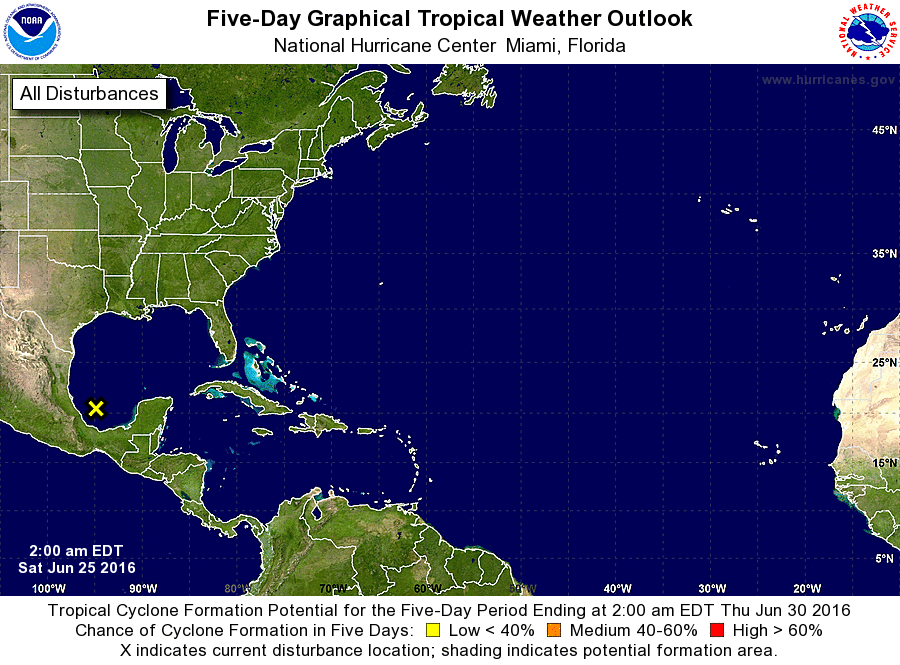
For the North Atlantic...Caribbean Sea and the Gulf of Mexico:

1. Disorganized showers and thunderstorms continue over the Bay of Campeche and the southwestern Gulf of Mexico in association with a trough of low pressure. Development of this system is not expected. However, locally heavy rain is possible when the system moves inland over eastern Mexico later today.
* Formation chance through 48 hours...low...near 0 percent
* Formation chance through 5 days...low...near 0 percent

Forecaster Beven